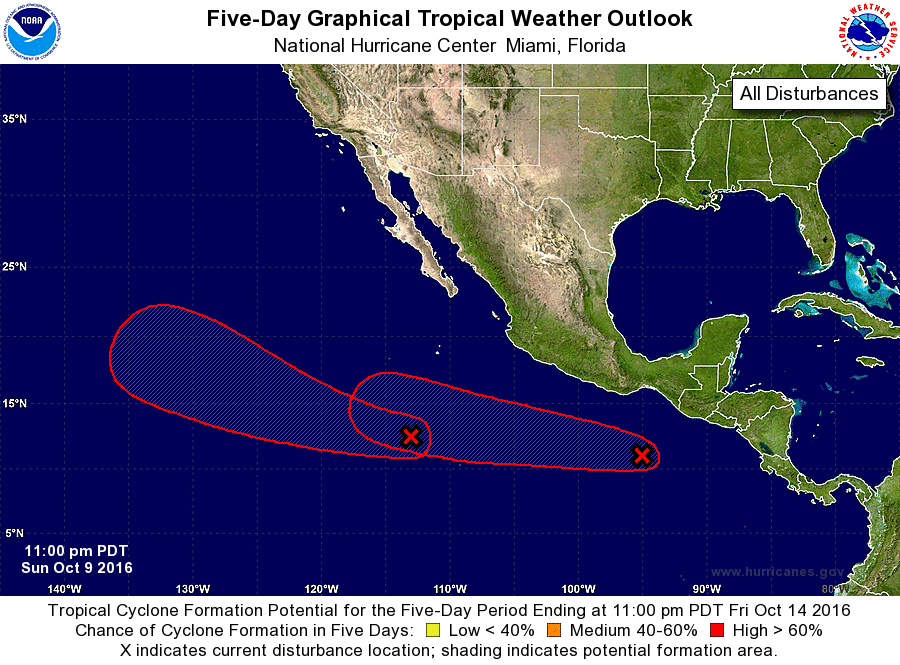
For the eastern North Pacific...east of 140 degrees west longitude:

1. A broad area of low pressure located several hundred miles south-southwest of the southern tip of the Baja California peninsula is producing widespread cloudiness and showers. This large area of disturbed weather is expected to slowly consolidate during the next few days, and a tropical depression is likely to form around midweek while the system moves west-northwestward to northwestward.
* Formation chance through 48 hours...low...30 percent
* Formation chance through 5 days...high...80 percent

2. Disorganized showers and thunderstorms located a few hundred miles south of the Gulf of Tehuantepec are associated with a weak low pressure system. Environmental conditions are expected to be conducive for development of this system, and a tropical depression is likely to form after midweek while it moves west-northwestward.
* Formation chance through 48 hours...low...20 percent
* Formation chance through 5 days...high...80 percent

Forecaster Stewart